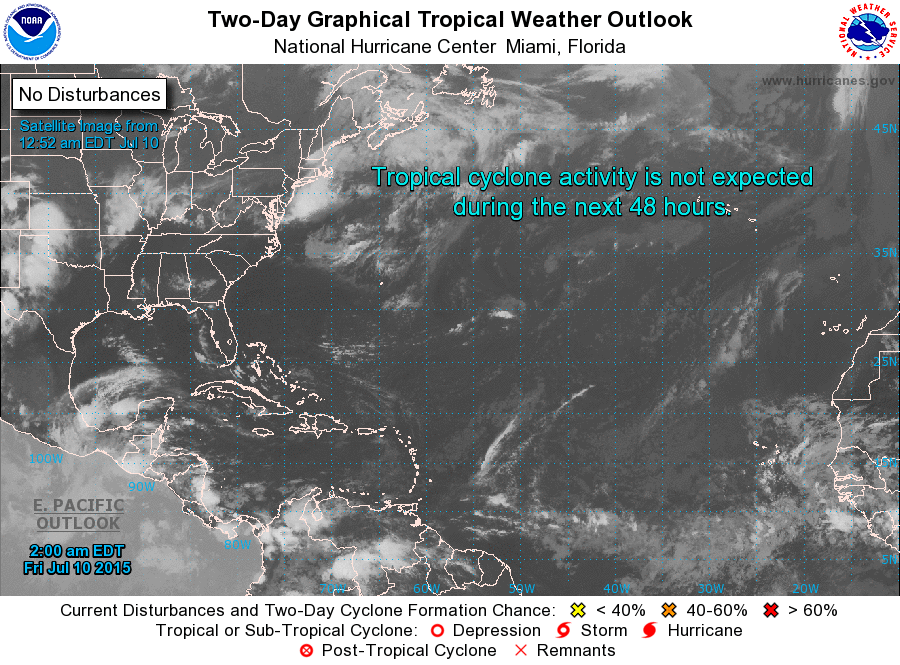
For the North Atlantic...Caribbean Sea and the Gulf of Mexico:

Tropical cyclone formation is not expected during the next 5 days.

Forecaster Beven